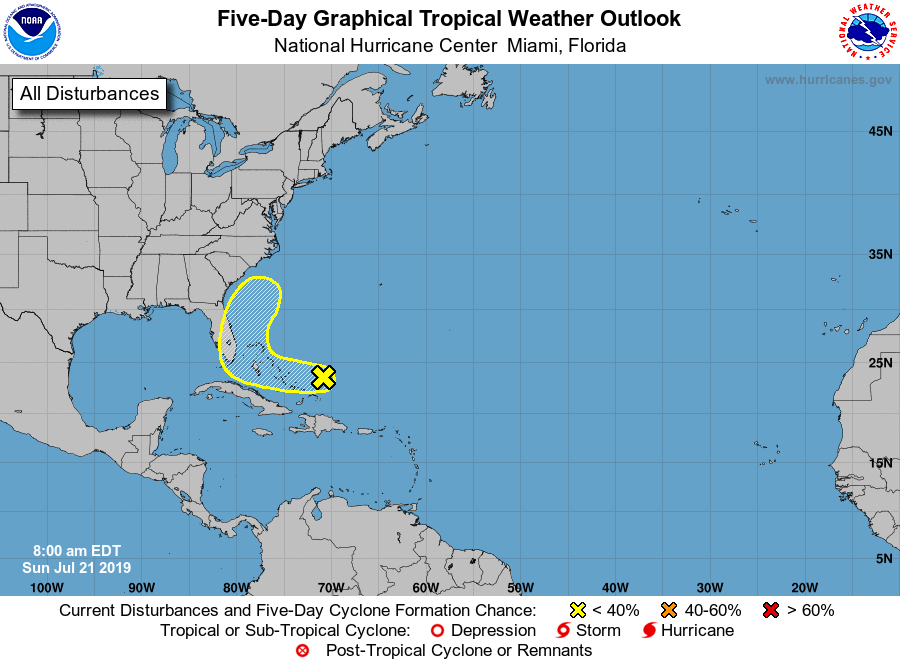
For the North Atlantic...Caribbean Sea and the Gulf of Mexico:

1. A tropical wave located a couple of hundred miles east of the Central Bahamas is producing disorganized showers and a few thunderstorms. Some slight development is possible over the next few days while the disturbance moves westward to west-northwestward at 10 to 15 mph.
* Formation chance through 48 hours...low...10 percent.
* Formation chance through 5 days...low...20 percent.

Forecaster Pasch